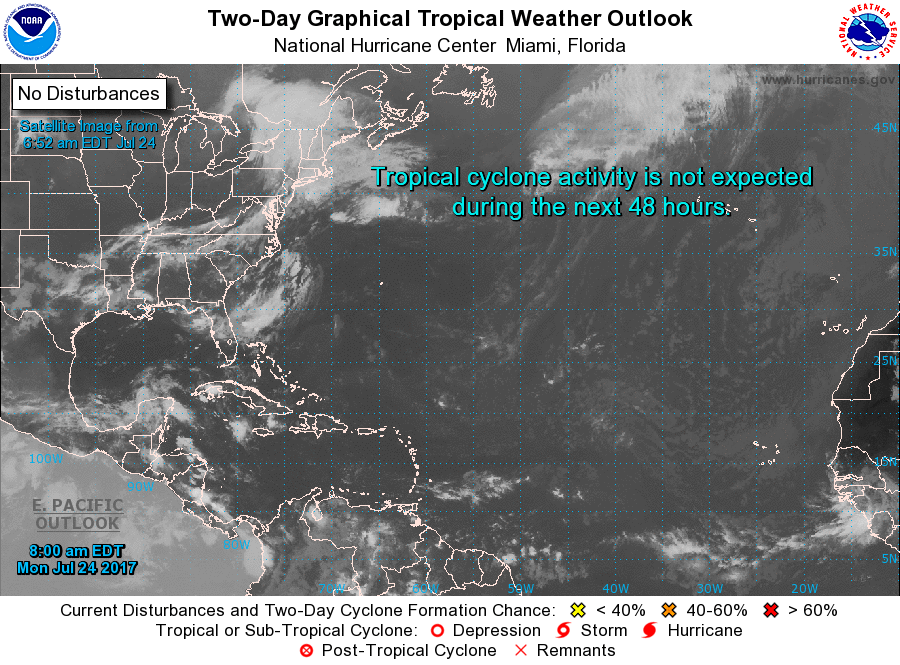
For the North Atlantic...Caribbean Sea and the Gulf of Mexico:

Tropical cyclone formation is not expected during the next 5 days.

Forecaster Blake